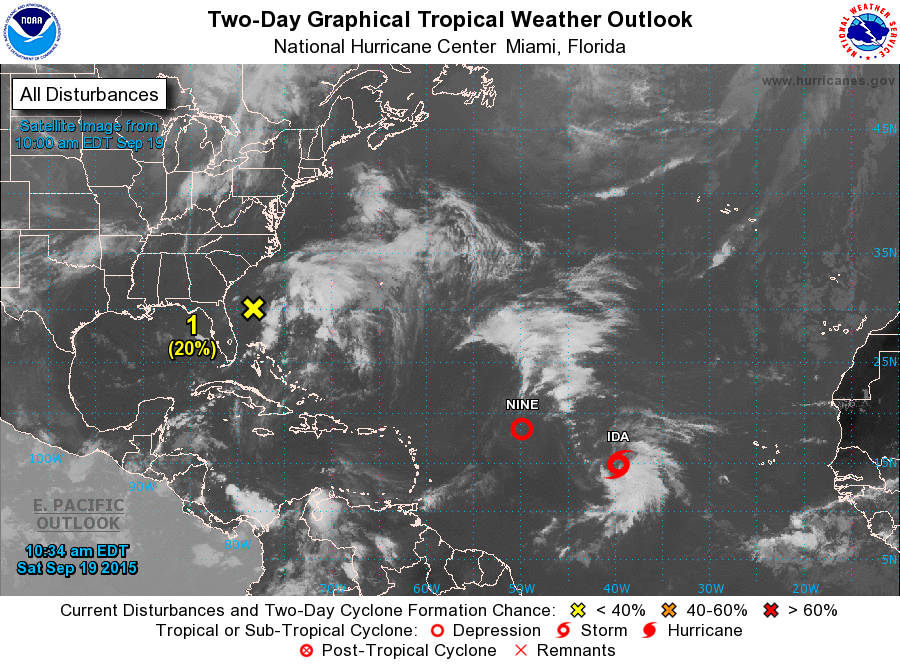
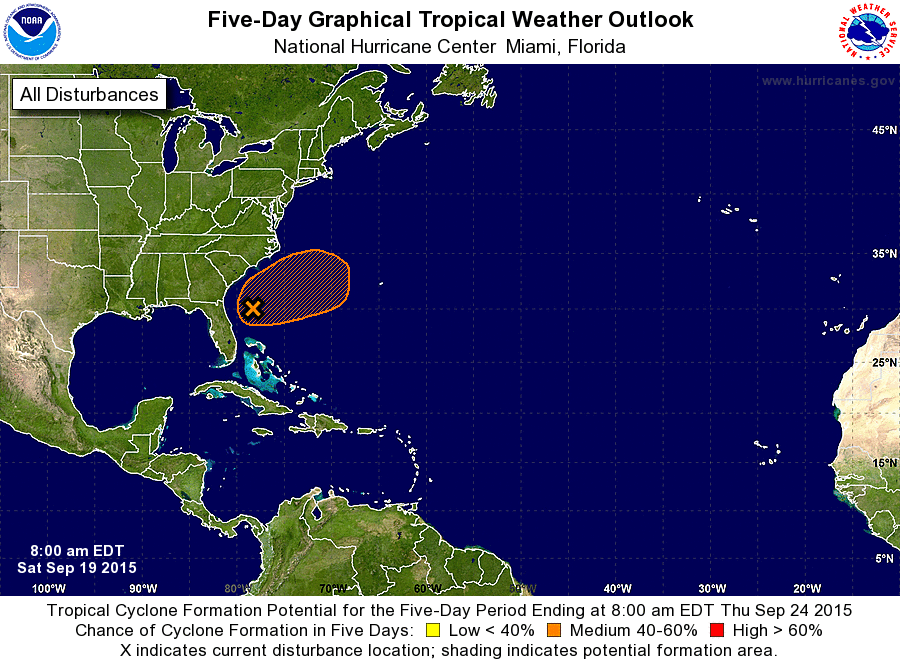
For the North Atlantic...Caribbean Sea and the Gulf of Mexico:

The National Hurricane Center is issuing advisories on Tropical Depression Nine, located a little more than 800 miles east-northeast of the Lesser Antilles, and on Tropical Storm Ida, located about a thousand miles west of the Cape Verde Islands.

1. A broad area of low pressure located about 200 miles east of the northeast Florida coast is producing disorganized cloudiness and thunderstorms well to the east and south of the center. Environmental conditions are expected to be somewhat conducive for this low to acquire subtropical or tropical characteristics during the next few days while it moves slowly northeastward off the southeast coast of the United States. For more information on this low, see High Seas Forecasts issued by the National Weather Service.
* Formation chance through 48 hours...low...20 percent
* Formation chance through 5 days...medium...40 percent

Public Advisories on Ida are issued under WMO header WTNT35 KNHC and under AWIPS header MIATCPAT5. Forecast/Advisories on Ida are issued under WMO header WTNT25 KNHC and under AWIPS header MIATCMAT5.

High Seas Forecasts issued by the National Weather Service are available under AWIPS header NFDHSFAT1, WMO header FZNT01 KWBC, and on the Web at http://www.opc.ncep.noaa.gov/shtml/NFDHSFAT1.shtml.

Forecaster Brennan